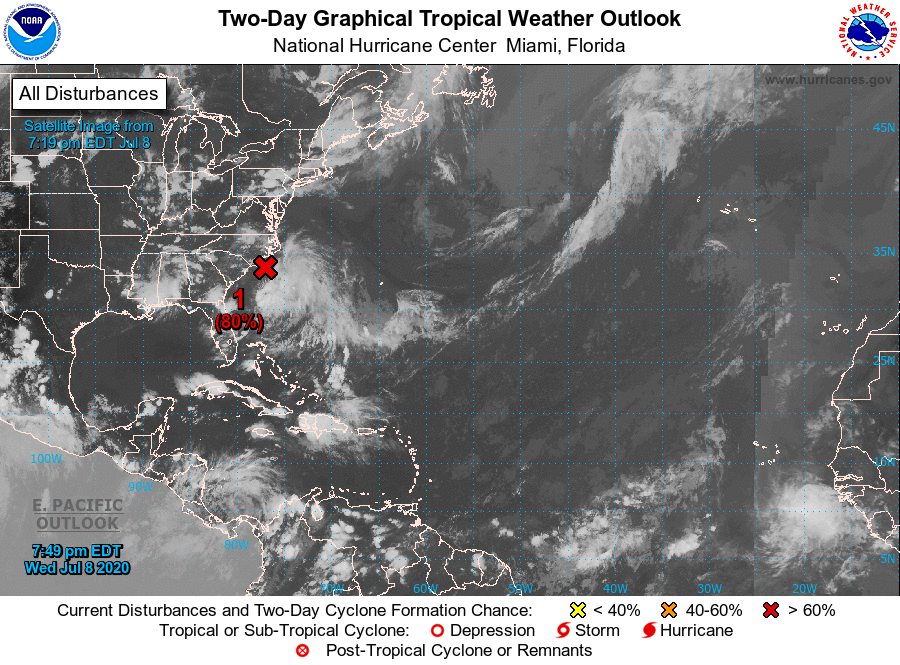
For the North Atlantic...Caribbean Sea and the Gulf of Mexico:

1. An area of low pressure located about 60 miles east-southeast of Wilmington, North Carolina, continues to produce a large area of disorganized showers and thunderstorms over the adjacent Atlantic waters and portions of eastern North Carolina. The low is expected to move northeastward near or just offshore of the North Carolina Outer Banks on Thursday, and then turn north-northeastward and move along the mid-Atlantic coast on Friday. Environmental conditions are expected to be conducive for development, and a tropical or subtropical cyclone is likely to form within the next day or so. Regardless of development, the system is expected to produce locally heavy rainfall that could cause some flash flooding across portions of eastern North Carolina, the coastal mid-Atlantic, and southern New England during the next few days. Gusty winds are also possible along the North Carolina Outer Banks through Thursday, and along the mid-Atlantic and southern New England coasts Friday and Saturday. Interests in these areas should monitor the progress of this system and refer to products from your local National Weather Service office.
* Formation chance through 48 hours...high...80 percent.
* Formation chance through 5 days...high...80 percent.

Forecaster Stewart